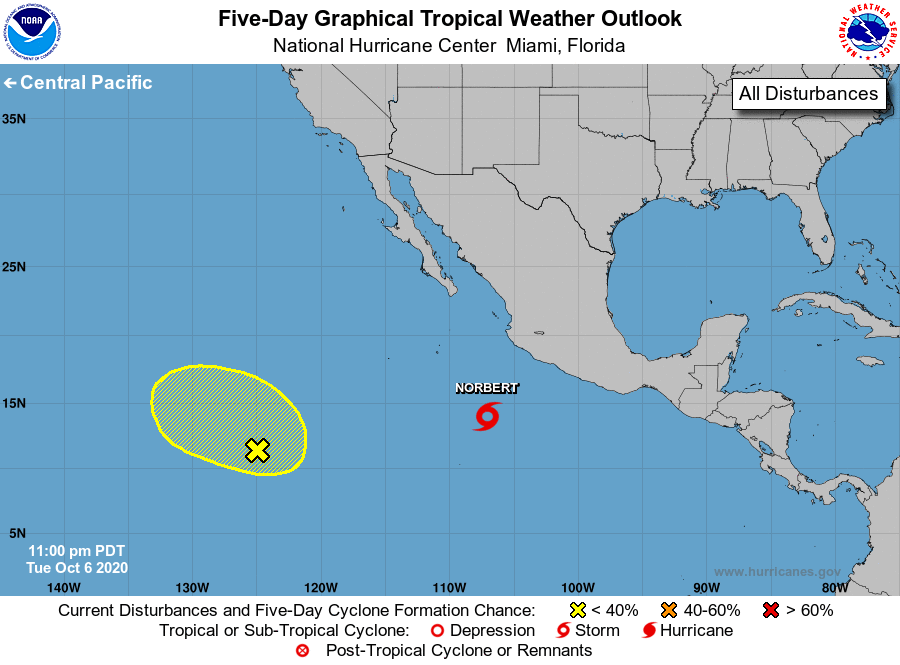
For the eastern North Pacific...east of 140 degrees west longitude:

The National Hurricane Center is issuing advisories on Tropical Storm Norbert, located several hundred miles southwest of the southwestern coast of Mexico.

The National Hurricane Center has issued the last advisory on Post-Tropical Cyclone Marie, located more than 1600 miles west of the southern tip of the Baja California peninsula.

1. Disorganized showers and thunderstorms continue in association with an elongated area of low pressure located more than 1000 miles southwest of the southern tip of the Baja California peninsula. Some development of this system is possible during the next few days while it moves slowly north-northwestward at about 5 mph.
* Formation chance through 48 hours...low...20 percent.
* Formation chance through 5 days...low...30 percent.

Forecaster Reinhart/Stewart